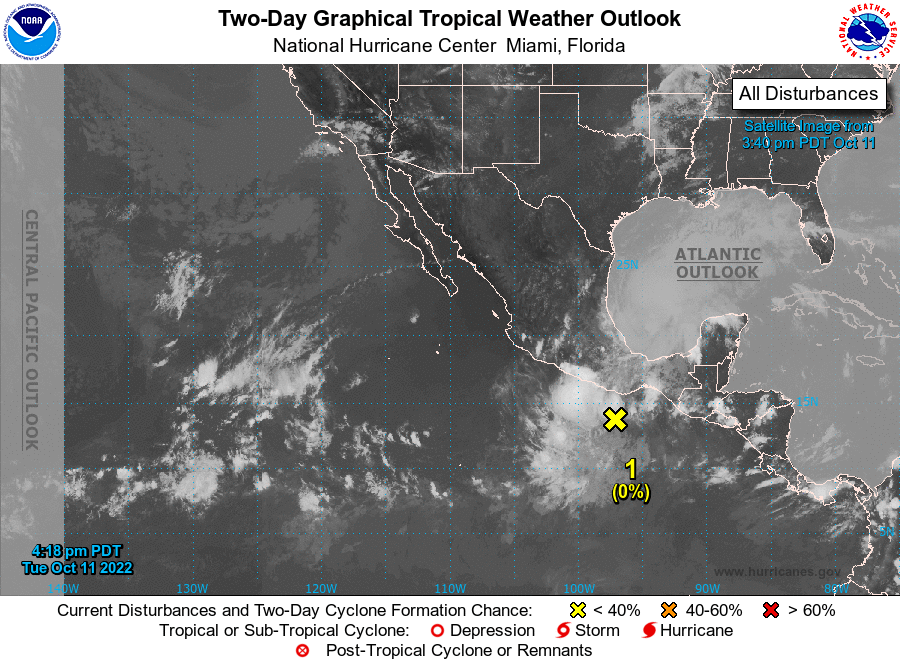
For the eastern North Pacific...east of 140 degrees west longitude:

1. Near the coast of Southern Mexico: Disorganized showers and thunderstorms within a couple of hundred miles of the coast of southern Mexico are associated with a surface trough and Julia's remnants. Development of this system is likely to be slow to occur due to dry air aloft and marginal upper-level winds. This system is forecast to move westward to west-northwestward, near the coast of southern then southwestern Mexico, through the end of the week. Regardless of development, heavy rainfall could cause flash flooding across portions of southern Mexico during the next day or so.
* Formation chance through 48 hours...low...near 0 percent.
* Formation chance through 5 days...low...20 percent.

Forecaster Latto